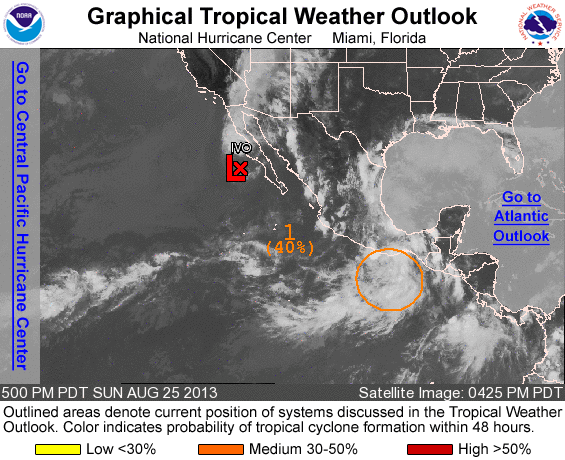
FOR THE EASTERN NORTH PACIFIC...EAST OF 140 DEGREES WEST LONGITUDE..

THE NATIONAL HURRICANE CENTER HAS ISSUED THE FINAL ADVISORY ON POST-TROPICAL CYCLONE IVO...LOCATED WEST OF THE CENTRAL BAJA CALIFORNIA PENINSULA.

1. CLOUDINESS AND SHOWERS ASSOCIATED WITH A BROAD AREA OF LOW PRESSURE NEAR SOUTH-CENTRAL MEXICO JUST WEST OF THE GULF OF TEHUANTEPEC ARE GRADUALLY BECOMING BETTER ORGANIZED. ENVIRONMENTAL CONDITIONS ARE FAVORABLE FOR FURTHER DEVELOPMENT DURING THE NEXT FEW DAYS...AND A TROPICAL DEPRESSION COULD FORM BY MIDWEEK. THIS SYSTEM HAS A MEDIUM CHANCE...40 PERCENT...OF BECOMING A TROPICAL CYCLONE DURING THE NEXT 48 HOURS...AND A HIGH CHANCE...90 PERCENT...OF BECOMING A TROPICAL CYCLONE DURING THE NEXT 5 DAYS WHILE IT MOVES WEST- NORTHWESTWARD AT ABOUT 10 MPH. THIS DISTURBANCE COULD PRODUCE LOCALLY HEAVY RAINFALL ALONG THE SOUTHERN COAST OF MEXICO DURING THE NEXT FEW DAYS...AND INTERESTS IN THIS AREA SHOULD MONITOR THE PROGRESS OF THIS SYSTEM.

FIVE-DAY FORMATION PROBABILITIES ARE EXPERIMENTAL IN 2013. COMMENTS ON THE EXPERIMENTAL FORECASTS CAN BE PROVIDED AT...

HTTP://WWW.NWS.NOAA.GOV/SURVEY/NWS-SURVEY.PHP?CODE=ETWO

FORECASTER KIMBERLAIN